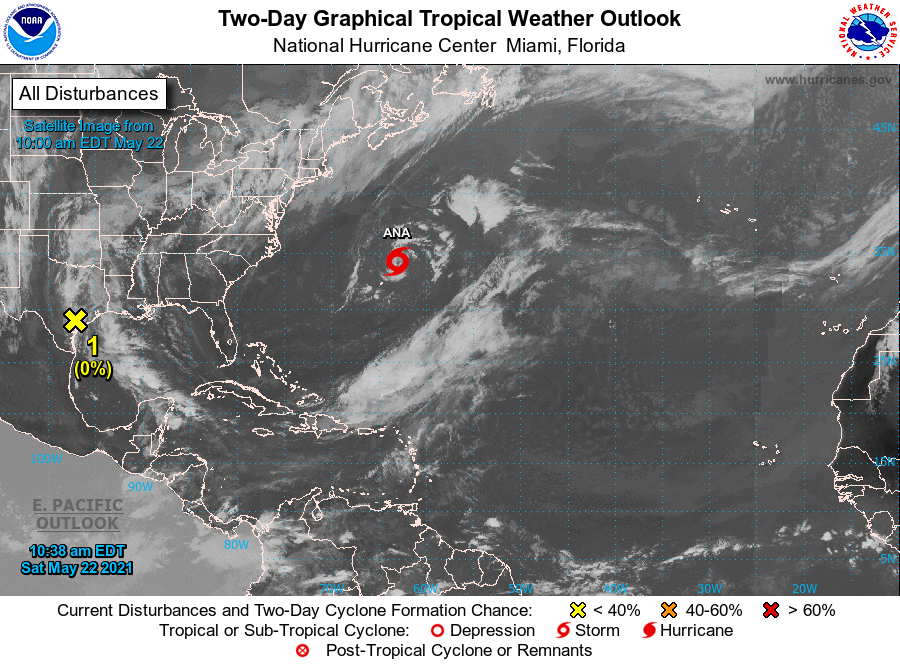
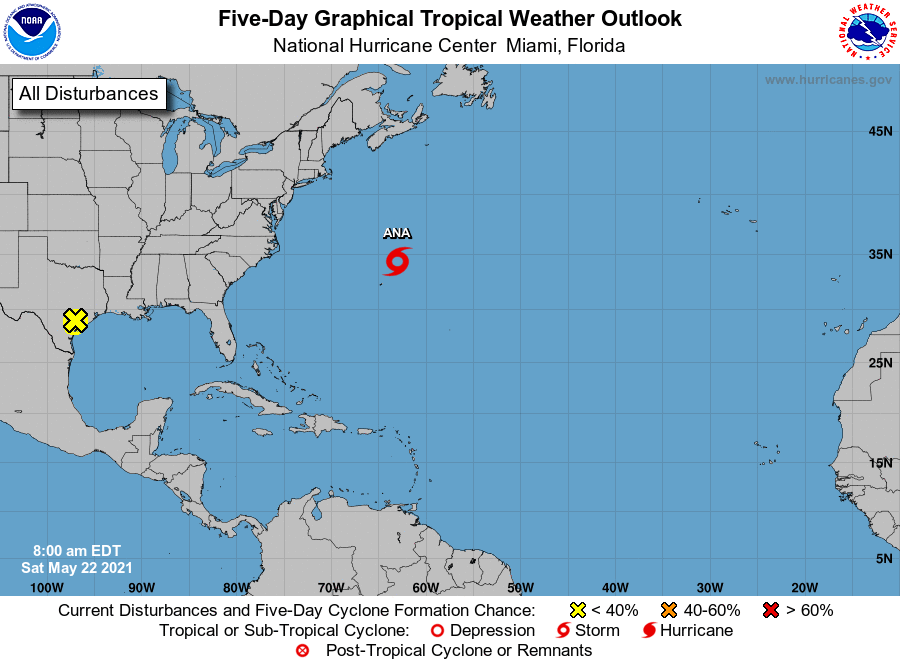
For the North Atlantic...Caribbean Sea and the Gulf of Mexico:

The National Hurricane Center is issuing advisories on recently developed Subtropical Storm Ana, located about 180 miles northeast of Bermuda.

1. Surface observations and radar data indicate that the area of low pressure previously over the northwestern Gulf of Mexico has moved inland over southeastern Texas. Therefore, tropical cyclone formation is not expected. However, the system could produce heavy rainfall over portions of southeastern Texas and southwestern Louisiana today. Given the complete saturation of soils with ongoing river flooding along the Texas and Louisiana coastal areas, these rains could lead to flash, urban, and additional riverine flooding across this region. Additional information on the rainfall and flooding potential can be found in products issued by your local National Weather Service Forecast Office.
* Formation chance through 48 hours...low...near 0 percent.
* Formation chance through 5 days...low...near 0 percent.

Public Advisories on Subtropical Storm Ana are issued under WMO header WTNT31 KNHC and under AWIPS header MIATCPAT1. Forecast/Advisories on Subtropical Storm Ana are issued under WMO header WTNT21 KNHC and under AWIPS header MIATCMAT1.

Forecaster Beven